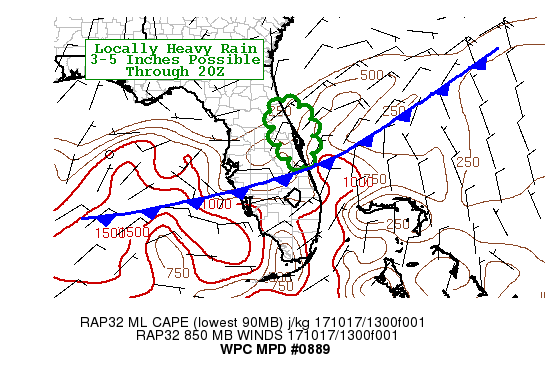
AREAS AFFECTED...E-CNTRL TO NERN FL PENINSULA

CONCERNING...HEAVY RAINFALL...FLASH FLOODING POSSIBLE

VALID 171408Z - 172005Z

SUMMARY...NEARLY STATIONARY AREAS OF HEAVY RAINFALL WITH RATES OF
2-3 IN/HR COULD POSE FLASH FLOODING ON A LOCALIZED BASIS ACROSS
THE E-CNTRL TO NERN FL PENINSULA INTO THE EARLY AFTERNOON. 6 HOUR
RAINFALL TOTALS OF 3-5 INCHES WILL BE POSSIBLE THROUGH 20Z.

DISCUSSION...14Z SURFACE OBSERVATIONS PLACED A COLD FRONT ACROSS
THE CNTRL FL PENINSULA...PERPENDICULAR TO THE COAST...CROSSING
INTO SRN BREVARD COUNTY. PRECIPITABLE WATER VALUES ALONG THE
E-CNTRL COAST OF FL ARE ESTIMATED TO BE 1.75 TO 2 INCHES PER THE
12Z TBW SOUNDING MATCHING NEARBY GPS SITES EXTENDING TO THE ERN
PENINSULA WITH LOWER PWAT VALUES TO THE NORTH AND SOUTH. WATER
VAPOR IMAGERY SHOWED A POSITIVELY TILTED UPPER TROUGH AXIS
CROSSING THE E-CNTRL GULF COAST WITH THE TAIL END OF AN UPPER
LEVEL JET MAX CROSSING THE SOUTHEAST COAST WITH GOES HD WINDS
ESTIMATING 80-100 KT NEAR 250 MB OVER THE GA/SC. WHILE THE
GRADIENT IN WIND IS NOT PARTICULARLY STRONG...SOME RIGHT ENTRANCE
REGION UPPER LEVEL DIVERGENCE COULD BE PRESENT AS THE JET AXIS
ADVANCES EAST AHEAD OF THE UPPER TROUGH WHICH MAY HELP TO ENHANCE
LIFT AND CONVECTIVE DEVELOPMENT INTO THE EARLY AFTERNOON.

SHORT TERM FORECASTS OF 850 MB WINDS FROM THE HRRR/RAP INDICATE
700 MB WINDS BECOMING NELY AT 10-20 KT BETWEEN DAYTONA BEACH AND
CAPE CANAVERAL AS THE 700 MB FRONT PASSES BETWEEN 15-18Z. A NARROW
CORRIDOR...~40 MI WIDE...OF 25-30 KT ENELY FLOW IS FORECAST TO
ENTER VOLUSIA COUNTY BEGINNING NEAR 15Z WHICH WOULD HELP TO
SUPPORT TRAINING RAINFALL GIVEN EXCEEDANCE OF MEAN 0-6 KM WINDS OF
NELY AT 10-15 KT BY 18Z. ONE CAVEAT TO THE FORECAST IS THE FACT
THAT VAD WINDS AT 850 MB AND 700 MB ARE BACKED TOWARD THE NORTH
RELATIVE TO THE MODEL FORECASTS OF WIND WHICH MAY KEEP HEAVIER
RAIN OFFSHORE. STILL...SOME DEGREE OF FRICTIONAL CONVERGENCE IS
EXPECTED TO SET UP HELPING TO SUPPORT DEVELOPMENT OF CONVECTION
LATE THIS MORNING. A FEW LIGHT SHOWERS HAVE BEEN NOTED IN THE
VICINITY OF DAYTONA BEACH BUT A POTENTIAL RAPID INCREASE COULD
DEVELOP OVER THE NEXT COUPLE OF HOURS. MLCAPE IS LIMITED IN THE
POST FRONTAL ENVIRONMENT TO COASTAL LOCATIONS WHICH SHOULD LIMIT
THE WESTWARD PENETRATION OF HEAVIER RAINFALL RATES. A RELATIVELY
NARROW WINDOW...IN BOTH SPACE AND TIME...IS EXPECTED TO SET UP
OVER COASTAL PORTIONS OF THE E-CNTRL TO NERN FL PENINSULA TO
SUPPORT LOCALLY HEAVY RAIN WHICH MAY POSE A FLASH FLOOD THREAT
GIVEN EXPECTED TRAINING OF RATES PEAKING IN THE 2-3 IN/HR RANGE.